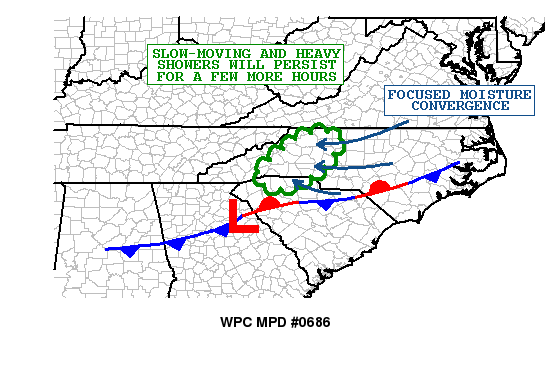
AREAS AFFECTED...WESTERN NC...FAR NORTHWEST SC

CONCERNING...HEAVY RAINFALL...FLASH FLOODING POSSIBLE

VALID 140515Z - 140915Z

SUMMARY...SLOW-MOVING HEAVY SHOWERS ARE EXPECTED TO CONTINUE OVER
THE NEXT FEW HOURS. SOME ADDITIONAL FLASH FLOODING IS POSSIBLE IN
THE SHORT TERM...WITH CONDITIONS IMPROVING TOWARD DAWN.

DISCUSSION...A RELATIVELY SMALL BUT SLOW-MOVING AND ELONGATED AXIS
OF HEAVY SHOWERS IS NOTED OVER WESTERN NC STRETCHING FROM NEAR
RUTHERFORDTON NORTHWARD UP TO NEAR NORTH WILKESBORO. THE
CONVECTION HAS BEEN FOCUSING IN AREA WHERE THERE IS A RELATIVE
MAXIMA IN SURFACE MOISTURE CONVERGENCE OWING TO SOME LOW LEVEL
NORTHEASTERLY FLOW BUMPING UP AGAINST EASTERLY AND SOUTHEAST FLOW
AROUND THE BACK SIDE OF A FRONTAL ZONE AND WEAK AREA OF LOW
PRESSURE. THE ACTIVITY IS ALSO FOCUSING WITHIN AN INSTABILITY
GRADIENT.

THE LATEST HRRR GUIDANCE CONTINUES TO FOCUS SOME ADDITIONAL HEAVY
RAINFALL ACROSS THE MPD THREAT AREA OVER THE NEXT FEW
HOURS...BEFORE THEN WEAKENING AS THE INSTABILITY WANES AND THE
SURFACE CONVERGENCE WEAKENS AS WELL. HOWEVER...THE HRRR HAS BEEN
ADVERTISING AS MUCH AS 3 TO 5 INCHES OF A SMALL SCALE...AND
ALREADY THERE HAVE BEEN DUAL-POL ESTIMATES OF OVER 3 INCHES
LOCALLY. SOME ADDITIONAL FLASH FLOODING CONCERNS WILL EXIST FOR A
FEW MORE HOURS...BUT CONDITIONS SHOULD IMPROVE BY 09Z.